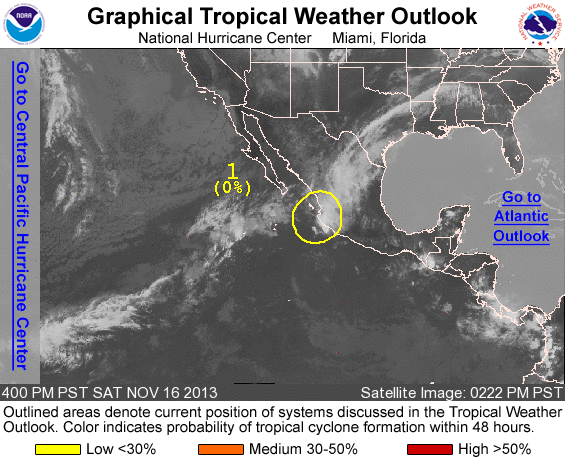
FOR THE EASTERN NORTH PACIFIC...EAST OF 140 DEGREES WEST LONGITUDE..

1. SHOWERS AND THUNDERSTORMS OVER SOUTHWESTERN MEXICO ARE ASSOCIATED WITH A WEAK AREA OF LOW PRESSURE. DEVELOPMENT OF THIS SYSTEM IS NOT EXPECTED...AND IT HAS A LOW CHANCE...NEAR 0 PERCENT...OF BECOMING A TROPICAL CYCLONE DURING THE NEXT 48 HOURS...AND A LOW CHANCE...NEAR 0 PERCENT...OF BECOMING A TROPICAL CYCLONE DURING THE NEXT 5 DAYS. LOCALLY HEAVY RAINS AND GUSTY WINDS ASSOCIATED WITH THIS SYSTEM WILL LIKELY CONTINUE TO AFFECT SOUTHWESTERN MEXICO FOR THE NEXT FEW HOURS.

FIVE-DAY FORMATION PROBABILITIES ARE EXPERIMENTAL IN 2013. COMMENTS ON THE EXPERIMENTAL FORECASTS CAN BE PROVIDED AT...

HTTP://WWW.NWS.NOAA.GOV/SURVEY/NWS-SURVEY.PHP?CODE=ETWO

FORECASTER CANGIALOSI